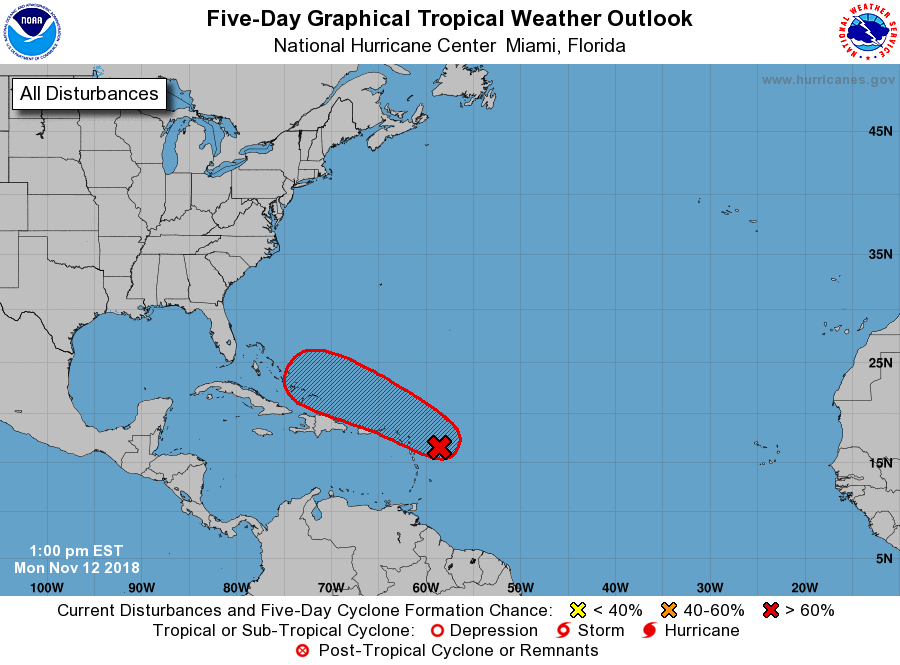
For the North Atlantic...Caribbean Sea and the Gulf of Mexico:

1. A tropical wave located about 200 miles east of the Leeward Islands continues to produce a large area of disturbed weather over much of the western tropical Atlantic Ocean. Although environmental conditions are forecast to gradually become more conducive for a tropical depression to form during the next few days, interaction with land could inhibit tropical cyclone formation. The disturbance is forecast to move westward to west-northwestward for the next few days, passing near or north of the Leeward Islands, Puerto Rico, Hispaniola, and the southeastern Bahamas. Interests in these areas should closely monitor the progress of this system.
* Formation chance through 48 hours...medium...50 percent.
* Formation chance through 5 days...high...80 percent.

Additional information on this system can be found in High Seas Forecasts issued by the National Weather Service, under AWIPS header NFDHSFAT1, WMO header FZNT01 KWBC, and available on the Web at https://ocean.weather.gov/shtml/NFDHSFAT1.shtml.

Forecaster Stewart